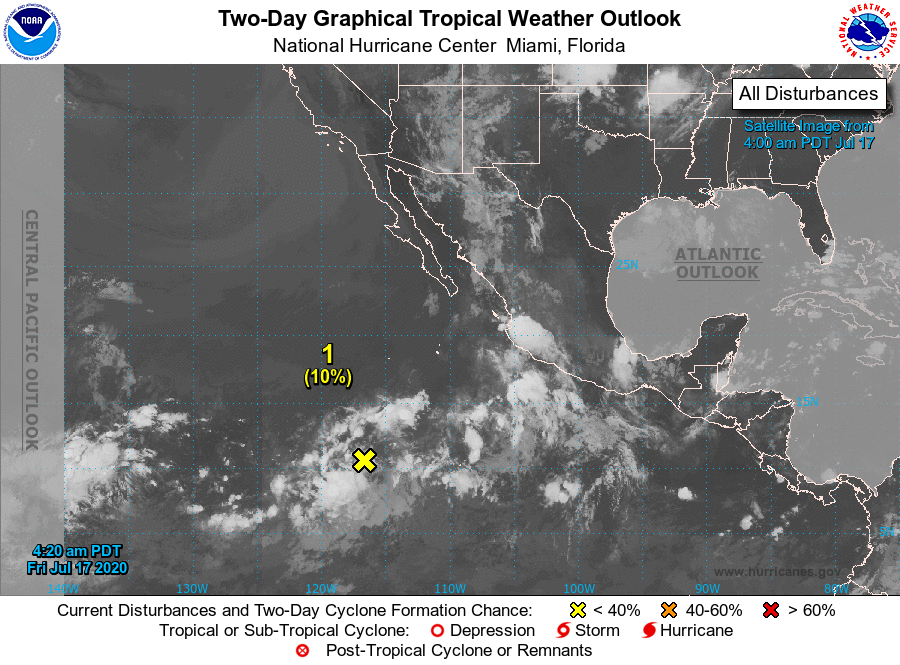
For the eastern North Pacific...east of 140 degrees west longitude:

1. Disorganized showers and thunderstorms located about 1000 miles south-southwest of the southern tip of the Baja California peninsula are associated with a tropical wave. This system is expected to move west-northwestward, and some slow development is possible late this weekend and early next week before it moves into unfavorable environmental conditions.
* Formation chance through 48 hours...low...10 percent.
* Formation chance through 5 days...low...30 percent.

Forecaster Cangialosi